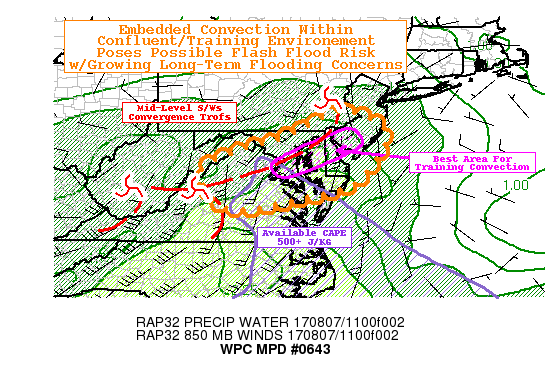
AREAS AFFECTED...N VA...DC...MD...DE...S NJ...EXT SE PA

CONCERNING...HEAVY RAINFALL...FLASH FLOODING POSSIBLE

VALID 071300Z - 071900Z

SUMMARY...TRAINING EMBEDDED CONVECTIVE ELEMENTS WITHIN DEFORMATION
ZONE POSES LONGER DURATION FLASH FLOOD/FLOODING RISK.

DISCUSSION...GOES-E WV AND RADAR MOSAIC DEPICT MULTIPLE SHORTWAVES
ACROSS THE MID-ATLANTIC THAT ARE FAVORABLY ORIENTED TO ALLOW FOR
NARROW CORRIDOR OF TRAINING SHOWERS WITH POTENTIAL FOR EMBEDDED
SHALLOW CONVECTIVE ELEMENTS. A SHORTWAVE LIFTING OUT OF EASTERN PA
TOWARD N NJ ANGLES A TRAILING BOUNDARY/DEFORMATION ZONE ACROSS N
DE/CENTRAL MD TOWARD THE APEX OF THE DEEPER SHORTWAVE CURRENTLY
OVER E CENTRAL WV.  THIS ORIENTS AN IDEAL CORRIDOR FOR PERSISTENT
MOISTURE CONVERGENCE AND CONFLUENCE/MERGERS FOR CELLS TO GRAVITATE
TO BEFORE TRAINING ALONG THE CORRIDOR. STRONG DPVA WILL MAINTAIN
SUFFICIENT LARGE SCALE ASCENT ACROSS THE MID-ATLANTIC.

LIMITING FACTOR FOR CONVECTIVE GROWTH IS IN AVAILABLE INSTABILITY.
RAP ANALYSIS SUGGESTS A NOSE OF CAPE OVER SE VA POINTED TOWARD MD
FROM THE CHESAPEAKE BAY...WITH 12Z RAOBS FROM IAD/RNK/WAL SUGGEST
VERY SKINNY SATURATED PROFILES WITH CAPES OF 250-750 J/KG
AVAILABLE.  AS SUCH RECENT DIX/DOX/AKQ/LWX RADAR TREND SHOWS
STRONG CONVERGENCE NEAR/ALONG THE DEFORMATION ZONE FROM JUST SOUTH
OF DC METRO ACROSS ANNAPOLIS TOWARD N DE WHERE SLANTWISE/SHALLOW
CONVECTIVE ELEMENTS HAVE FORMED.  GIVEN SATURATED PROFILES TO
1.75" TPWS PER RAOBS...RAINFALL RATES UP TO 1-1.5"/HR ARE POSSIBLE
THOUGH HIGHLY TRANSIENT...NECESSITATING THE UPSTREAM
REDEVELOPMENT/TRAINING FOR COMPOUNDED TOTAL.

ANY STRONGER/VERTICALLY ORIENTED CONVECTION THAT DEVELOPS FURTHER
SOUTH WITHIN THE WEDGE OF INSTABILITY OVER CENTRAL VA/SE
VA...SHOULD TRACK TOWARD THE DEFORMATION ZONE AND INCREASE THE
FLASH FLOODING RISK GIVEN RATES OVER 2" (ESPECIALLY ALONG THE
EASTERN SHORE OF THE CHESAPEAKE GIVEN INCREASED SFC CONVERGENCE ON
ACCELERATED LL FLOW...QUEEN ANNE/TALBOT COUNTIES) AS SUGGESTED BY
MODELS WITH THE GREATEST  INSTABILITY SUCH AS THE 09Z HRRRX/06Z
NAM-CONEST.  TRENDS WOULD SUGGEST THESE MODELS ARE TOO AGGRESSIVE
BUT THE RECENT HRRR (WHILE IDEALLY ORIENTED TO CURRENT
OBSERVATIONAL TRENDS) APPEARS TOO LIGHT.

THIS WOULD SUGGEST 1-2" ACROSS N VA/DC... WITH 2-4" ACROSS SE
CENTRAL MD INTO THE CENTRAL EASTERN SHORE OF MD/DE THROUGH
19/20Z...WITH MORE TO COME UPSTREAM.  AS SUCH FLASH FLOODING IS
POSSIBLE BUT WITH TIME LONGER DURATION FLOODING IS BECOMING MORE
LIKELY ESPECIALLY FURTHER EAST (GIVEN LONGER DURATION).